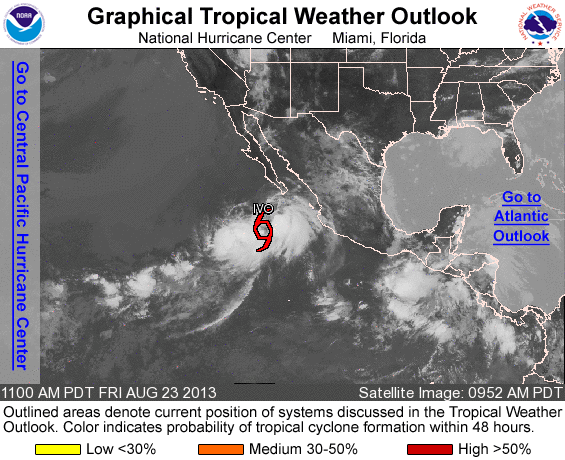
FOR THE EASTERN NORTH PACIFIC...EAST OF 140 DEGREES WEST LONGITUDE..

THE NATIONAL HURRICANE CENTER IS ISSUING ADVISORIES ON RECENTLY UPGRADED TROPICAL STORM IVO...LOCATED ABOUT A COUPLE HUNDRED MILES SOUTH-SOUTHWEST OF CABO SAN LUCAS MEXICO.

TROPICAL CYCLONE FORMATION IS NOT EXPECTED DURING THE NEXT 48 HOURS. OTHER SYSTEMS WITH FORMATION POTENTIAL BEYOND 48 HOURS... AN AREA OF LOW PRESSURE COULD FORM SOUTH OF THE SOUTHERN COAST OF MEXICO BY EARLY NEXT WEEK...AND ENVIRONMENTAL CONDITIONS APPEAR CONDUCIVE FOR GRADUAL DEVELOPMENT. THIS SYSTEM HAS A LOW CHANCE... NEAR 0 PERCENT...OF BECOMING A TROPICAL CYCLONE DURING THE NEXT 48 HOURS...AND A MEDIUM CHANCE...40 PERCENT...OF BECOMING A TROPICAL CYCLONE DURING THE NEXT 5 DAYS.

&&
FIVE-DAY FORMATION PROBABILITIES ARE EXPERIMENTAL IN 2013. COMMENTS ON THE EXPERIMENTAL FORECASTS CAN BE PROVIDED AT... HTTP://WWW.NWS.NOAA.GOV/SURVEY/NWS-SURVEY.PHP?CODE=ETWO

FORECASTER BEVEN